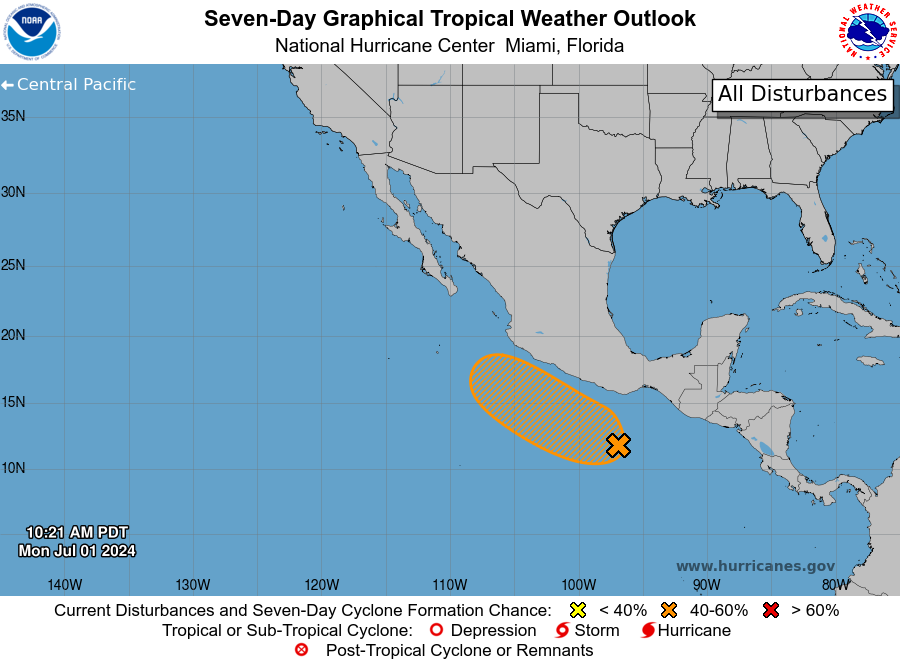
For the eastern North Pacific...east of 140 degrees west longitude:

1. Offshore of Southern Mexico: A broad area of low pressure is expected to form in a day or two a few hundred miles south of the coast of southern Mexico. Some gradual development of this system is possible thereafter, and a tropical depression could form mid- to late-week while it moves west-northwestward between 10 to 15 mph.
* Formation chance through 48 hours...low... 10 percent.
* Formation chance through 7 days...medium...40 percent.

Forecaster Kelly